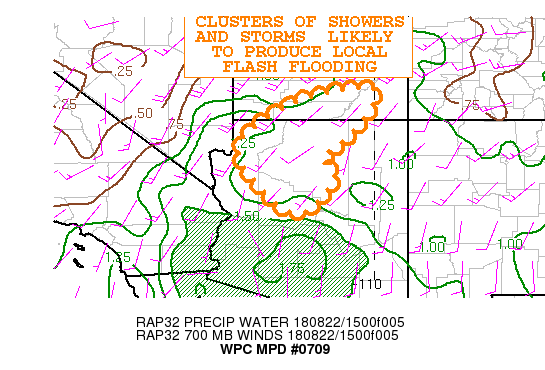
Areas affected......Northern Arizona and southern UT...

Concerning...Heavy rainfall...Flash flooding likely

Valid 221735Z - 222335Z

Summary: Clusters of showers and storms developing in northwest AZ
and southern UT will increase in coverage this afternoon and lead
to localized flash flooding problems.

Discussion...Showers and thunderstorms will
continue to develop with destabilization over northwest AZ into
southern UT.  The region has favorable upper divergence and low
level convergence maxima located within an airmass with above
normal precipitable water values as high as 1.5-1.75 inches in
southern AZ per soundings from Yuma and Phoenix.

The confluent low to mid level flow and influx of low level
moisture from southern and central AZ has led to occasional back
building of activity in northwest AZ.
More activity is expected with additional destabilization in the
inflow axis plus upslope flow in the Mogollon Rim in AZ, with
activity then moving downstream into southern UT.

The NAM Conus Nest and 15z-16z High Res Rapid Refresh indicate 1-2
inches of rain are forecast this afternoon. Flash flood guidance
values are on the order of 1.5 inches in 3 hours, so it appears
guidance will be exceeded locally where the most persistent bands
are located.

With activity already having occurred in southwest UT, temporary
stabilization will limit the intensity of showers there.  the 15z
High Res Rapid Refresh indicates the area will destabilize later
this afternoon so addional activity may develop again.